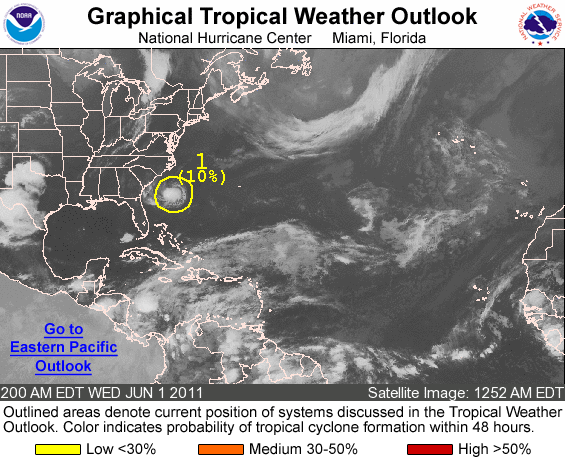
FOR THE NORTH ATLANTIC...CARIBBEAN SEA AND THE GULF OF MEXICO...

1. A SMALL LOW PRESSURE SYSTEM LOCATED ABOUT 300 MILES EAST OF CHARLESTON SOUTH CAROLINA IS PRODUCING A CONCENTRATED AREA OF SHOWERS AND THUNDERSTORMS. ENVIRONMENTAL CONDITIONS ARE NOT FAVORABLE FOR SIGNIFICANT DEVELOPMENT OF THIS SYSTEM BEFORE IT REACHES LAND IN THE NEXT DAY OR SO. THERE IS A LOW CHANCE...10 PERCENT...OF THIS SYSTEM BECOMING A TROPICAL CYCLONE DURING THE NEXT 48 HOURS AS IT MOVES WEST-SOUTHWESTWARD AT 15 TO 20 MPH.

FOR ADDITIONAL INFORMATION ON THIS SYSTEM...PLEASE SEE PRODUCTS FROM YOUR LOCAL NATIONAL WEATHER SERVICE OFFICE.

ELSEWHERE...TROPICAL CYCLONE FORMATION IS NOT EXPECTED DURING THE NEXT 48 HOURS.

TODAY MARKS THE FIRST DAY OF THE ATLANTIC HURRICANE SEASON...WHICH WILL RUN UNTIL NOVEMBER 30. LONG-TERM AVERAGES FOR THE NUMBER OF NAMED STORMS...HURRICANES...AND MAJOR HURRICANES ARE 11...6...AND 2...RESPECTIVELY.

THE LIST OF NAMES FOR 2011 IS AS FOLLOWS:

NAME PRONUNCIATION NAME PRONUNCIATION ------------------------------------------------------------- ARLENE AR LEEN- LEE LEE BRET BRET MARIA MUH REE- UH CINDY SIN- DEE NATE NAIT DON DAHN OPHELIA O FEEL- YA EMILY EH- MIH LEE PHILIPPE FEE LEEP- FRANKLIN FRANK- LIN RINA REE- NUH GERT GERT SEAN SHAWN HARVEY HAR- VEE TAMMY TAM- EE IRENE EYE REEN- VINCE VINSS JOSE HO ZAY- WHITNEY WHIT- NEE KATIA KA TEE- AH

THIS PRODUCT...THE TROPICAL WEATHER OUTLOOK...BRIEFLY DESCRIBES SIGNIFICANT AREAS OF DISTURBED WEATHER AND THEIR POTENTIAL FOR TROPICAL CYCLONE FORMATION DURING THE NEXT 48 HOURS. THE ISSUANCE TIMES OF THIS PRODUCT ARE 2 AM...8 AM...2 PM...AND 8 PM EDT. AFTER THE CHANGE TO STANDARD TIME IN NOVEMBER...THE ISSUANCE TIMES ARE 1 AM...7 AM...1 PM...AND 7 PM EST.

A SPECIAL TROPICAL WEATHER OUTLOOK WILL BE ISSUED TO PROVIDE UPDATES ...AS NECESSARY...IN BETWEEN THE REGULARLY SCHEDULED ISSUANCES OF THE TROPICAL WEATHER OUTLOOK. SPECIAL TROPICAL WEATHER OUTLOOKS WILL BE ISSUED UNDER THE SAME WMO AND AWIPS HEADERS AS THE REGULAR TROPICAL WEATHER OUTLOOKS.

A STANDARD PACKAGE OF PRODUCTS...CONSISTING OF THE TROPICAL CYCLONE PUBLIC ADVISORY...THE FORECAST/ADVISORY...THE CYCLONE DISCUSSION... AND A WIND SPEED PROBABILITY PRODUCT...IS ISSUED EVERY SIX HOURS FOR ALL ONGOING TROPICAL CYCLONES. IN ADDITION...A SPECIAL ADVISORY PACKAGE MAY BE ISSUED AT ANY TIME TO ADVISE OF SIGNIFICANT UNEXPECTED CHANGES OR TO MODIFY WATCHES OR WARNINGS.

THE TROPICAL CYCLONE UPDATE IS A BRIEF STATEMENT TO INFORM OF SIGNIFICANT CHANGES IN A TROPICAL CYCLONE OR TO POST OR CANCEL WATCHES OR WARNINGS. IT IS USED IN LIEU OF OR TO PRECEDE THE ISSUANCE OF A SPECIAL ADVISORY PACKAGE. TROPICAL CYCLONE UPDATES ...WHICH CAN BE ISSUED AT ANY TIME...CAN BE FOUND UNDER WMO HEADER WTNT61-65 KNHC...AND UNDER AWIPS HEADER MIATCUAT1-5.

ALL NATIONAL HURRICANE CENTER TEXT AND GRAPHICAL PRODUCTS ARE AVAILABLE ON THE WEB AT WWW.HURRICANES.GOV. SIGN UP FOR PRODUCT UPDATES BY EMAIL AT WWW.HURRICANES.GOV/SIGNUP.SHTML...IN ALL LOWER CASE. YOU CAN ALSO INTERACT WITH US ON FACEBOOK AT WWW.FACEBOOK.COM/US.NOAA.NATIONALHURRICANECENTER.GOV.

FORECASTER BRENNAN